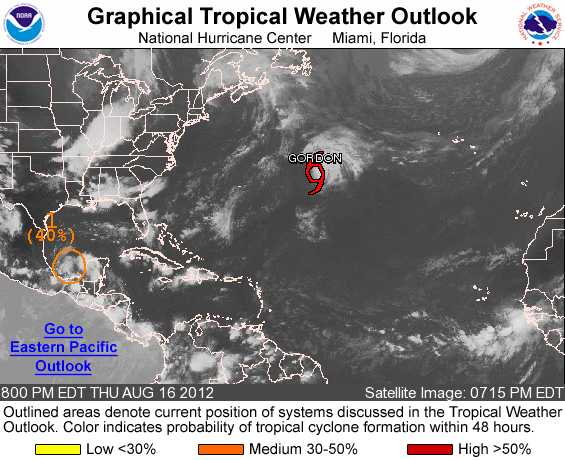
FOR THE NORTH ATLANTIC...CARIBBEAN SEA AND THE GULF OF MEXICO...

THE NATIONAL HURRICANE CENTER IS ISSUING ADVISORIES ON TROPICAL STORM GORDON...LOCATED OVER THE CENTRAL ATLANTIC ABOUT 745 MILES EAST-NORTHEAST OF BERMUDA.

1. SHOWER ACTIVITY...ASSOCIATED WITH THE REMNANTS OF TROPICAL DEPRESSION SEVEN...IS SHOWING SOME SIGNS OF ORGANIZATION IN THE EXTREME SOUTHWESTERN GULF OF MEXICO. ENVIRONMENTAL CONDITIONS APPEAR CONDUCIVE FOR GRADUAL DEVELOPMENT DURING THE NEXT DAY OR TWO...AND AN AIR FORCE RESERVE HURRICANE HUNTER AIRCRAFT IS SCHEDULED TO INVESTIGATE THIS DISTURBANCE TOMORROW AFTERNOON...IF NECESSARY. THIS SYSTEM HAS A MEDIUM CHANCE...40 PERCENT...OF BECOMING A TROPICAL CYCLONE DURING THE NEXT 48 HOURS AS IT MOVES WEST-NORTHWESTWARD TO NORTHWESTWARD AROUND 10 MPH.

ELSEWHERE...TROPICAL CYCLONE FORMATION IS NOT EXPECTED DURING THE NEXT 48 HOURS.

FORECASTER KIMBERLAIN/AVILA